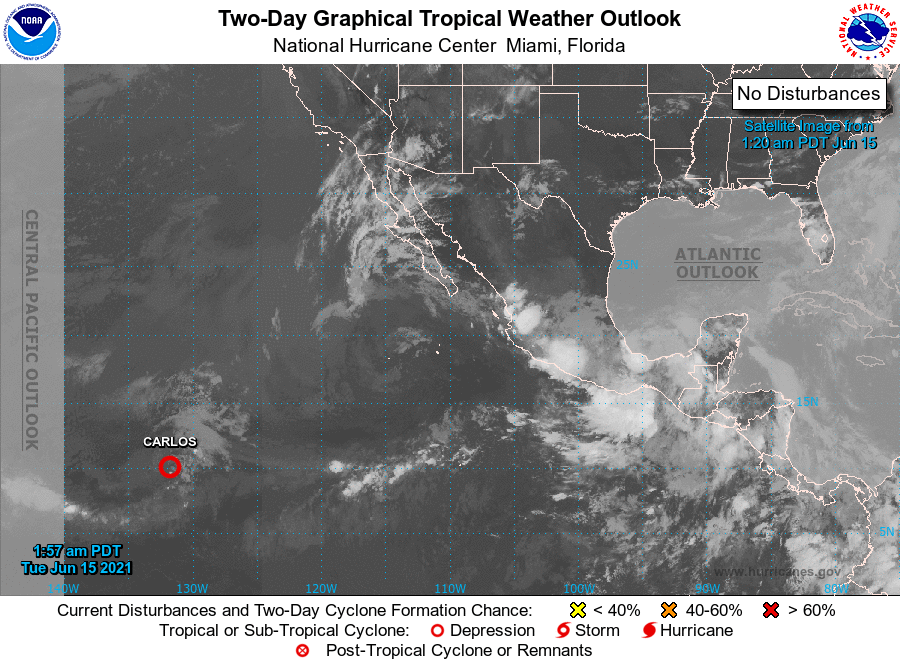
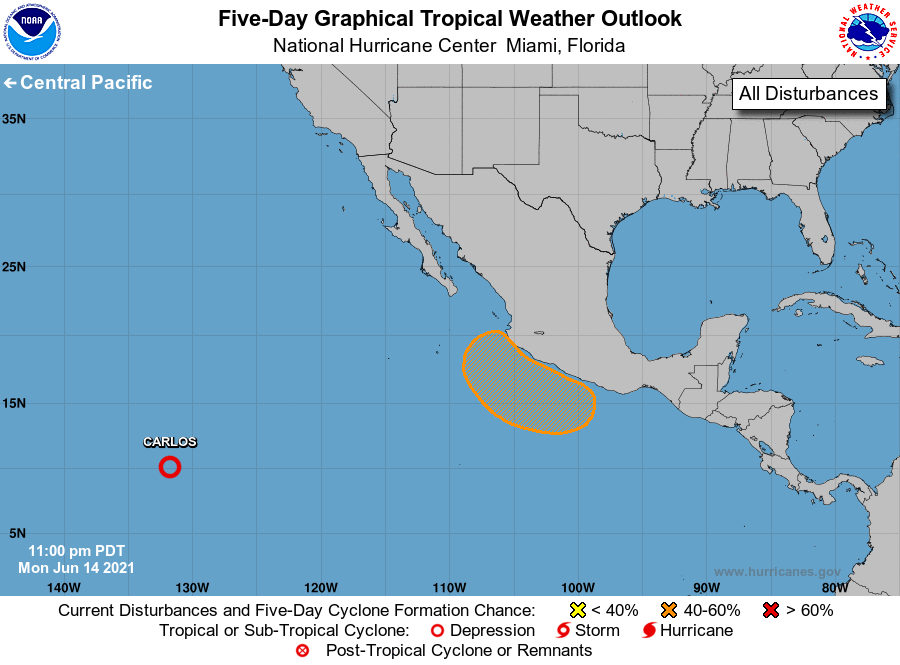
For the eastern North Pacific...east of 140 degrees west longitude:

The National Hurricane Center is issuing advisories on Tropical Depression Carlos, located more than 1600 miles west-southwest of the southern tip of the Baja California peninsula.

1. A broad area of low pressure is expected to form later this week a couple of hundred miles offshore of the coast of southwestern Mexico. Environmental conditions are expected to be generally favorable for gradual development of this system thereafter, and a tropical depression could form by this weekend while it moves slowly northwestward, roughly parallel to the southwestern coast of Mexico.
* Formation chance through 48 hours...low...near 0 percent.
* Formation chance through 5 days...medium...40 percent.

Forecaster Papin/Stewart